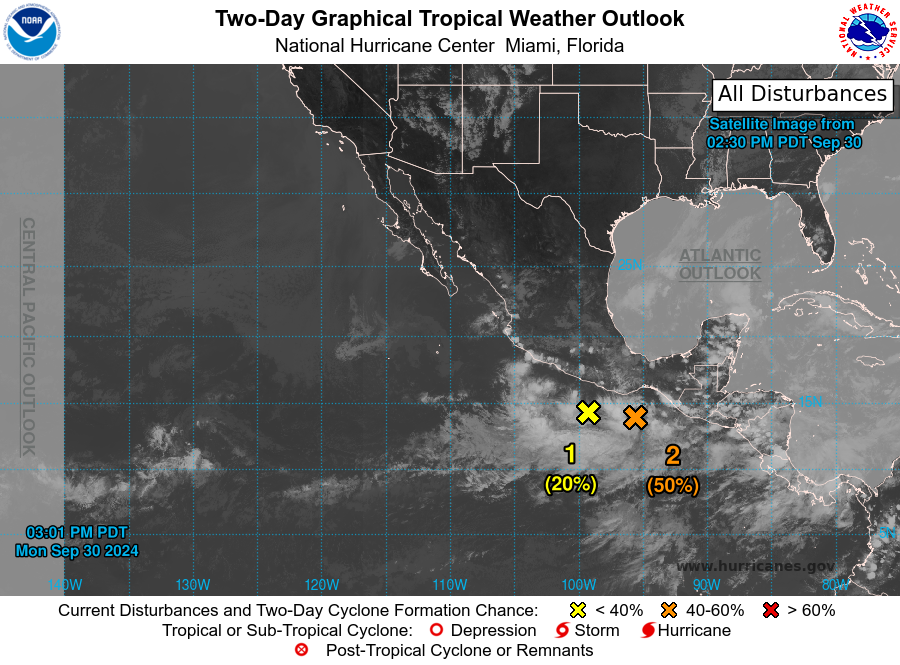
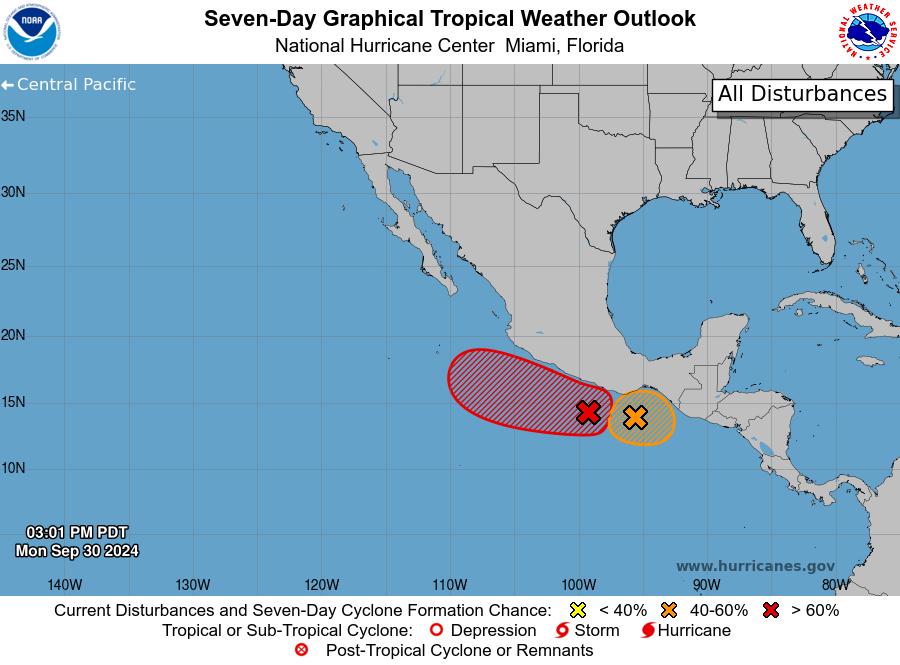
For the eastern North Pacific...east of 140 degrees west longitude:

Special Outlook issued to increase the probability of tropical cyclone formation for the disturbance near the Gulf of Tehuantepec.

1. Offshore of Southwestern Mexico: An area of low pressure is expected to develop off the coast of southwestern Mexico during the next day or so. After that time, environmental conditions are expected to be generally conducive for additional development, and a tropical depression is likely to form by the middle or latter portions of this week. The disturbance is forecast to meander near or just offshore the Mexican coast for much of the week, and then begin moving slowly west-northwestward, parallel to the coast of Mexico by this weekend. Regardless of development, this system is expected to contribute to heavy rainfall across portions of the southwestern coast of Mexico already adversely affected by substantial rainfall last week, and interests there should monitor the progress of this disturbance.
* Formation chance through 48 hours...low...20 percent.
* Formation chance through 7 days...high...70 percent.

2. South of the Gulf of Tehuantepec (96E): Showers and thunderstorms associated with an area of low pressure near the Gulf of Tehuantepec have quickly become better organized during the past several hours. Environmental conditions are expected to be conducive for additional development, and a tropical depression could form as soon as tonight or tomorrow. This system is forecast to meander for the next couple of days before drifting northward towards the southern coast of Mexico, and interests there should monitor the progress of this system. Regardless of development, heavy rain is possible along most of the coast of southern Mexico and northern Central America throughout this week.
* Formation chance through 48 hours...medium...50 percent.
* Formation chance through 7 days...medium...50 percent.

Forecaster D. Zelinsky